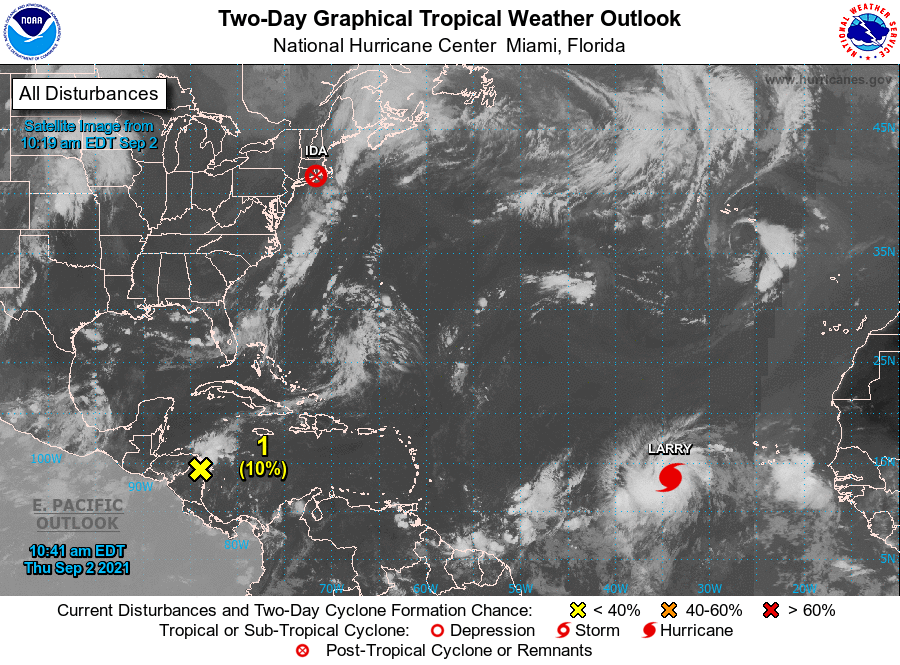
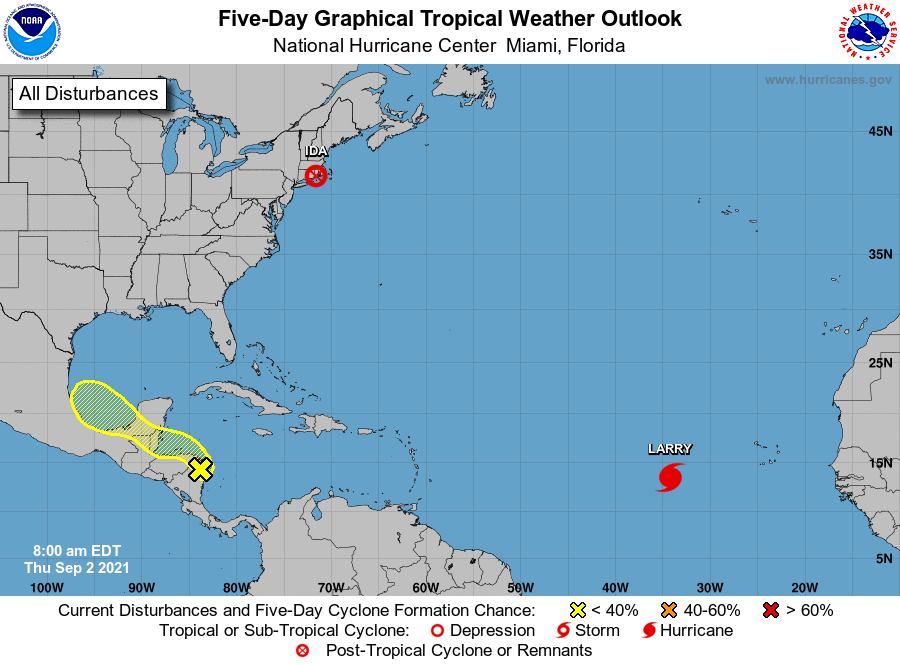
For the North Atlantic...Caribbean Sea and the Gulf of Mexico:

The National Hurricane Center is issuing advisories on recently upgraded Hurricane Larry, located over the eastern tropical Atlantic several hundred miles west-southwest of the southernmost Cabo Verde Islands.

The Weather Prediction Center has issued the last Public Advisory on Post-Tropical Cyclone Ida, located just offshore of the northeastern United States.

1. A small area of low pressure over northeastern Nicaragua is producing disorganized shower and thunderstorm activity. A portion of the low's circulation could move over the Gulf of Honduras on Friday. However, development there, if any, is expected to be slow to occur. This system could then move over the southwestern Gulf of Mexico during the weekend and early next week, but by then strong upper-level winds would likely limit significant development. Regardless of development, heavy rains are possible across portions of Central America and the Yucatan Peninsula through the weekend.
* Formation chance through 48 hours...low...10 percent.
* Formation chance through 5 days...low...20 percent.

Public advisories issued by the Weather Prediction Center on Post-Tropical Cyclone Ida can be found under AWIPS header TCPAT4, WMO header WTNT34 KWNH, and on the web at http://www.wpc.ncep.noaa.gov

Forecaster Beven